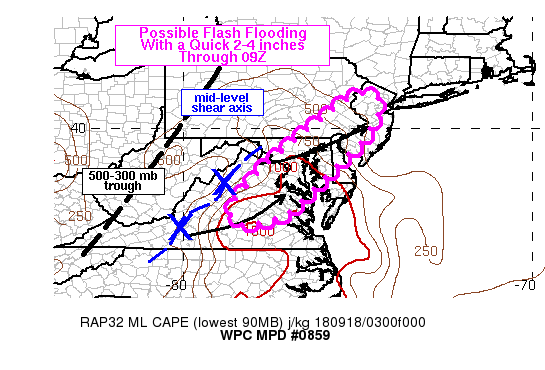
Areas affected...central/northern VA, D.C., MD, northern DE,
southeastern PA, NJ

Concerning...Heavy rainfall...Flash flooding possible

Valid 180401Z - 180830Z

Summary...An axis of training heavy rain with rainfall rates of
1-3 in/hr will pose a flash flood threat across portions of the
northern Mid-Atlantic region. A quick 2-4 inches will be possible
through 09Z.

Discussion...KLWX reflectivity showed a SSW to NNE axis of
convection over central to northern VA, slowly translating toward
the northeast. Storms north of the D.C. metro were more spotty in
nature. Radar estimated rates of 2-3 in/hr were confirmed by area
Wunderground.com observations showing near 3 in/hr in Fluvanna and
Louisa counties in central VA ending 0345Z. The convective line
was occurring out ahead of a subtle shear axis observed on
mid-level water vapor imagery, located ahead of a larger scale
mid-upper level trough just west of the Appalachian spine as of
03Z. Despite some mid-level dry air above 500 mb on the 00Z LWX
sounding, the low levels were fairly moist with small dewpoint
depressions below 500 mb. MLCAPE ranged between 500-1500 J/kg
across the area and has been slowly increasing over time toward
the north over northern MD into PA given 850 mb flow from the SSW
at nearly 30 kt as observed on area VAD wind plots. The low level
flow was similar in direction and magnitude to the 850-300 mb
layer mean flow promoting periods of training.

Over the next few hours, the mid-level shear axis is forecast to
move off toward the northeast, with forcing for ascent spreading
into northern MD, southeastern PA and NJ along with increasing
MLCAPE. Rainfall rates are expected to be generally 1-2 in/hr but
locally as high as 3 in/hr will be possible given the moist
environment and the history of these storms over VA. Flash
flooding will be possible with maximum rainfall of 2-4 inches
through about 09Z, along with heavy rain over sensitive urban
locations.